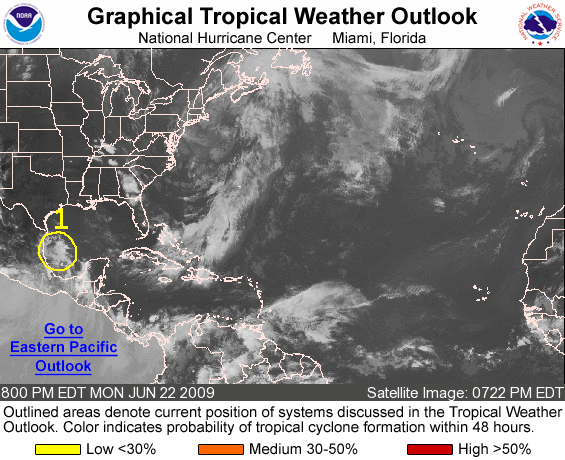
FOR THE NORTH ATLANTIC...CARIBBEAN SEA AND THE GULF OF MEXICO...

1. SHOWERS AND THUNDERSTORMS OVER THE SOUTHWESTERN GULF OF MEXICO HAVE CHANGED LITTLE DURING THE PAST FEW HOURS. DEVELOPMENT OF THIS SYSTEM...IF ANY...IS EXPECTED TO BE SLOW TO OCCUR AS THIS SYSTEM MOVES SLOWLY NORTHWESTWARD. THERE IS A LOW CHANCE...LESS THAN 30 PERCENT...OF THIS SYSTEM BECOMING A TROPICAL CYCLONE DURING THE NEXT 48 HOURS. LOCALLY HEAVY RAINFALL IS POSSIBLE OVER AREAS OF EAST-CENTRAL AND NORTHEASTERN MEXICO DURING THE NEXT COUPLE OF DAYS.

ELSEWHERE...TROPICAL CYCLONE FORMATION IS NOT EXPECTED DURING THE NEXT 48 HOURS.

FORECASTER KIMBERLAIN/AVILA